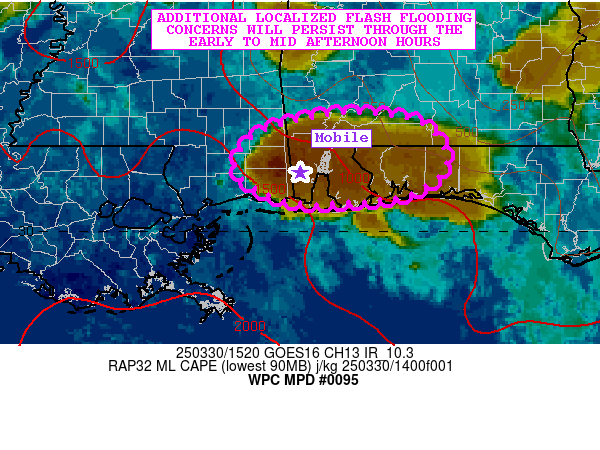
Areas affected...Far Southern MS...Southwest AL...Far Western FL
Panhandle

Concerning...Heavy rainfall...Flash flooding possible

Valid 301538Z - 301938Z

SUMMARY...Relatively slow-moving and occasionally backbuilding
areas of very heavy showers and thunderstorms will pose a
localized threat of flash flooding going through the early to
mid-afternoon hours.

DISCUSSION...GOES-E IR satellite imagery shows a cluster of
cooling convective cloud tops associated with heavy showers and
thunderstorms across portions of far southern MS and stretching
eastward into southwest LA and the western parts of the FL
Panhandle. The convection which has become rather organized over
the last hour is mainly associated with a low-level convergence
axis with proximity of a well-defined instability gradient.

MLCAPE values of 1000 to 1500 J/kg and PWs of 1.5 to 1.7 inches
are in place across the area which are contributing to rainfall
rates reaching upwards of 2 inches/hour with the stronger cells.

Some localized backbuilding of these cells are noted and
especially over parts of Harrison and Jackson Counties in southern
MS. However, stronger convective cells are also slowly evolving
into areas of southwest AL as well. Given the cooling cloud top
trends, there should tend to be some persistence of these cells
over the few hours, and there will be concerns for additional
backbuilding and/or training of cells in the near-term given the
deeper layer mean flow.

The 12Z HREF guidance including some of the recent HRRR guidance
suggests as much as an additional 3 to 4 inches of rain with
locally higher amounts. Given ongoing convective trends and
additional rainfall potential in the near-term, additional
localized areas of flash flooding will be possible and this will
include a threat for some urban impacts rather close to the
Mobile, AL area, and especially areas north and west of here over
the next couple of hours.